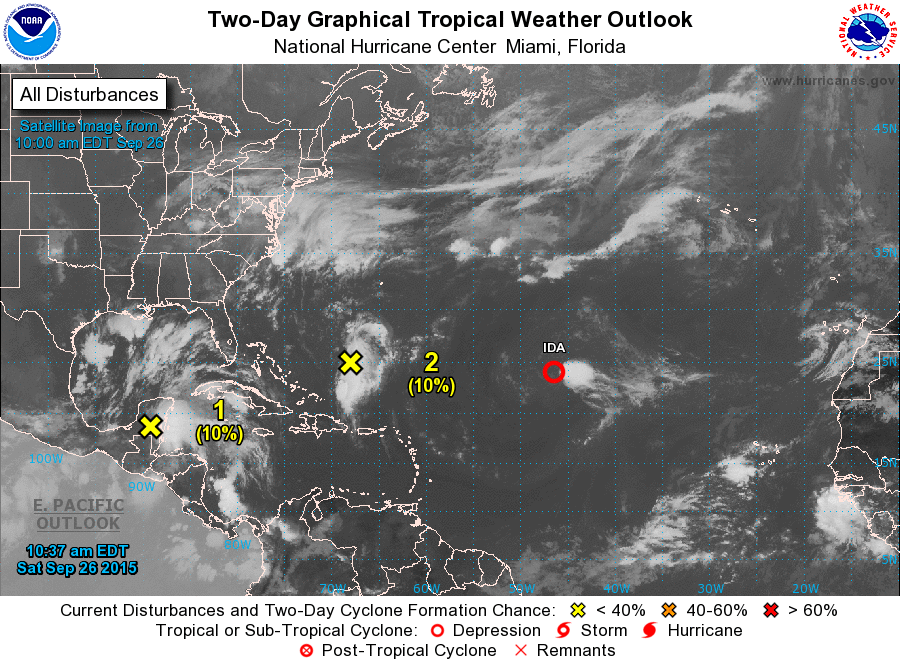
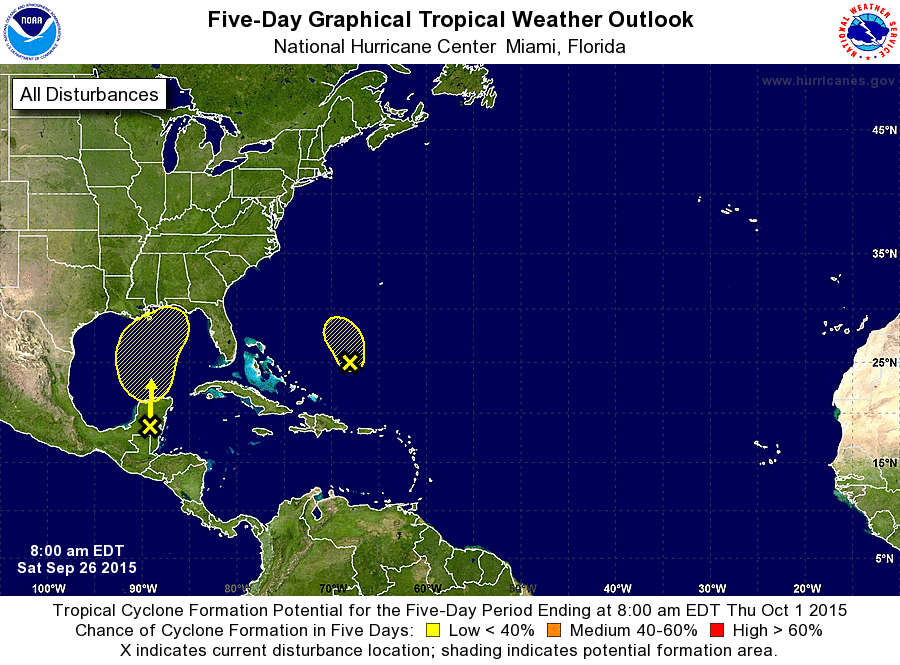
For the North Atlantic...Caribbean Sea and the Gulf of Mexico:

The National Hurricane Center is issuing advisories on Tropical Depression Ida, located a little more than 1000 miles east-northeast of the northern Leeward Islands.

1. A trough of low pressure is producing a large area of disorganized cloudiness and thunderstorms over the northwestern Caribbean Sea, the Yucatan Peninsula, and northern portions of Central America. This system is expected to reach the southern Gulf of Mexico later this weekend, and will begin to interact with an upper-level low located near the Texas coast. This interaction should result in the development of a broad and complex area of low pressure that moves northward over the Gulf of Mexico early next week. Although environmental conditions are not expected to be conducive for tropical cyclone formation, this disturbance is likely to produce locally heavy rainfall over portions of the northern Gulf coast and southeastern United States early next week.
* Formation chance through 48 hours...low...10 percent
* Formation chance through 5 days...low...20 percent

2. Disorganized showers and thunderstorms over the western Atlantic Ocean several hundred miles south-southwest of Bermuda are associated with an upper-level low and a surface trough. Development, if any, of this system is expected to be slow to occur while it moves toward the north or north-northwest. Upper-level winds are forecast to become unfavorable for development after the weekend.
* Formation chance through 48 hours...low...10 percent
* Formation chance through 5 days...low...10 percent

Forecaster Cangialosi/Kimberlain